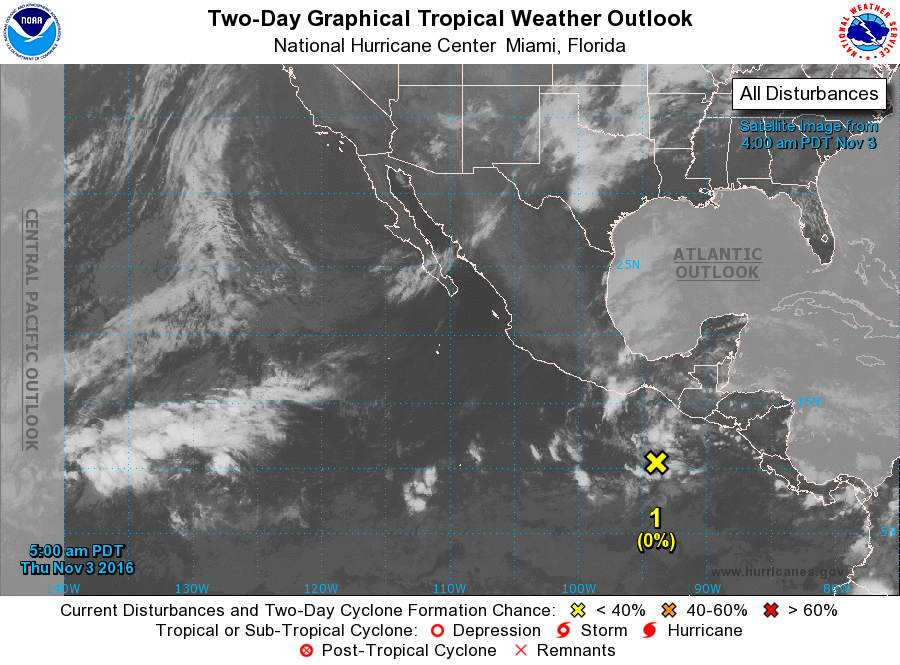
For the eastern North Pacific...east of 140 degrees west longitude:

1. An elongated area of disturbed weather extends a few hundred miles south of the coast of southern Mexico. Development of this system is not expected during the next couple of days, but environmental conditions could become somewhat more conducive for development late this weekend or early next week while the disturbance moves westward to west-northwestward away from the coast of Mexico.
* Formation chance through 48 hours...low...near 0 percent
* Formation chance through 5 days...low...20 percent

Forecaster Berg